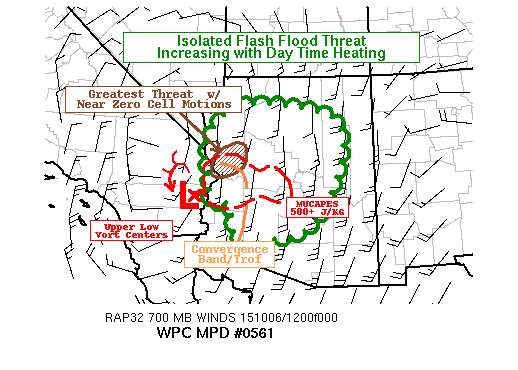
AREAS AFFECTED...ARIZONA

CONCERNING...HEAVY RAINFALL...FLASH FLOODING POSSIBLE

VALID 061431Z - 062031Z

SUMMARY...SLOW MOVING UPPER LOW WITH 2.5 ST. DEV. OF MOISTURE
ALLOWS FOR THE POTENTIAL FOR ISOLATED FLASH FLOOD THREAT.

DISCUSSION...DEEP VERTICALLY STACKED LOW CONTINUES TO SHIFT SLOWLY
EASTWARD.  WV LOOP SHOWS TWO MAIN VORT CENTERS...WITH THE STRONGER
ONE ROUNDING THE BASE ATTM INCREASING LOCALIZED PVA NEAR THE
CENTER WITH SOME ADDITIONAL DIVERGENCE IN THE UPPER LEVEL JET.
THIS ALLOWS FOR VERY SLOW NEARLY ZERO CELL MOTION AND CORFIDI
VECTORS JUST A BIT NORTH OF THE LOW.  BLENDED TPW AND RAP ANALYSIS
INDICATE ALSO SUPPORTED BY WV LOOP SHOWS A RELATIVELY BROAD
CONCENTRIC AREA OF INCREASED MID-LEVEL MOISTURE NEAR THE UPPER
LOW...WITH TPWS AOA 1"...WHICH IS NEAR 2.5 STANDARD DEVIATIONS
ABOVE NORMAL FOR THIS TIME OF YEAR.  THIS MID-LEVEL MOISTURE ALSO
SUPPORTS MODERATE LAPSE RATES FOR SOME INSTABILITIES.  CURRENTLY
MUCAPES IN THE 500 J/KG HAVE SUPPORTED SOME NARROW CORE UPDRAFTS.
STILL 12Z VEF/FGZ SOUNDINGS DO SUPPORT THE PROBABILITY OF
INCREASED SBCAPES WITH A BIT OF SOLAR INSOLATION.  AT THIS TIME IR
AND EARLY VISIBLE INDICATE BROKEN SKIES TO SUPPORT THIS THOUGHT.
HOWEVER...WITHOUT A CAPPING AGENT...QUICK SURFACE TEMP RISES
SHOULD RESULT IN RELATIVE QUICK DEVELOPMENT TO LIMIT VERY
STRONG/ROBUST UPDRAFTS WITH MORE SCATTERED NATURE TO BE MORE
PREVALENT.

ADDITIONALLY...IR LOOP SHOWS AN CONVERGENCE BAND/ARC WITH SOME
WEAK CELLS DEVELOPING ALONG IT...WITH 20-25KTS OF 7H INFLOW TO
SUPPORT CONTINUED CONVECTIVE GROWTH.  ACCIDENTAL TRAINING OF CELLS
MOVING NORTH TO NNE ARE POSSIBLE BUT ARC SHOULD PROGRESS EAST
ENOUGH TO ALLEVIATE LARGEST PROBLEMS.
ADDITIONALLY...ENVIRONMENTAL COMPARISON TO YESTERDAY...LARGER
DEWPOINT DEPRESSIONS/LOWER INSTABILITY/WEAKER INFLOW SHOULD REDUCE
COVERAGE AND MAGNITUDE AS WELL.  CONFIDENCE IN OVERALL PATTERN IS
NOT PARTICULARLY HIGH GIVEN THE LARGE SPREAD IN THE HI-RES CAM
SOLUTIONS FOR QPF... ESPECIALLY GIVEN OPERATIONAL HRRR RUNS ARE
STARTING TO BACK OFF ON MAGNITUDE A BIT.  STILL THE 12Z HRRR...00Z
ARW REMAIN A PREFERRED SOLUTION.

LARGEST THREAT SHOULD BE NORTH AND NORTHEAST OF THE UPPER LOW
WHERE INSTABILITY/FORCING AND MOST IMPORTANTLY NEAR ZERO
PROPAGATION VECTORS WITH SOME MODERATE DIVERGENCE ALOFT SHOULD
SUPPORT COMPOUNDING TOTALS...WITH RATES OF .5-.75"/HR...TOTALS OF
1-2" ARE POSSIBLE.  ADDITIONAL...THREAT OF CELL TRACKS WITH
ENHANCED LIFT DUE TO OROGRAPHY OF THE MOGOLLON RIM COULD ALSO POSE
ISOLATED FLASH FLOOD THREATS PARTICULARLY LATER IN THE
MORNING/EARLY AFTERNOON.